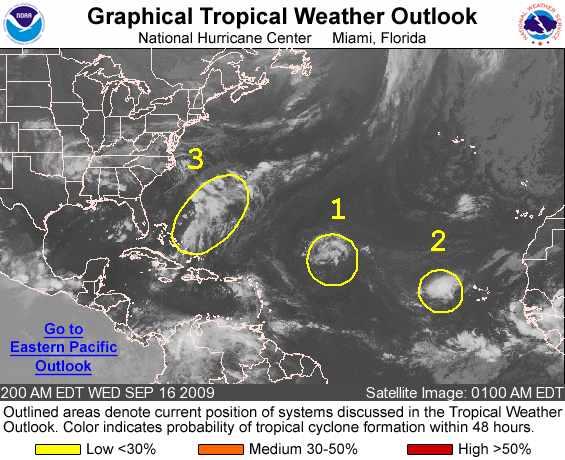
FOR THE NORTH ATLANTIC...CARIBBEAN SEA AND THE GULF OF MEXICO...

1. THE REMNANTS OF FRED...LOCATED ABOUT 750 MILES EAST-NORTHEAST OF THE NORTHERN LEEWARD ISLANDS...CONTINUE TO PRODUCE SHOWERS AND THUNDERSTORMS MAINLY TO THE NORTH OF THE CENTER. ENVIRONMENTAL CONDITIONS ARE MARGINALLY CONDUCIVE FOR RE-DEVELOPMENT...AND THERE IS A LOW CHANCE...LESS THAN 30 PERCENT...OF THIS SYSTEM BECOMING A TROPICAL CYCLONE DURING THE NEXT 48 HOURS AS IT MOVES WEST- NORTHWESTWARD AT AROUND 15 MPH.

2. SHOWERS AND THUNDERSTORMS CONTINUE IN ASSOCIATION WITH AN AREA OF LOW PRESSURE AND A TROPICAL WAVE LOCATED ABOUT 350 MILES WEST OF THE CAPE VERDE ISLANDS. HOWEVER...FURTHER DEVELOPMENT OF THIS SYSTEM IS LIKELY TO BE SLOW TO OCCUR AS IT MOVES WESTWARD AT AROUND 10 MPH. THERE IS A LOW CHANCE...LESS THAN 30 PERCENT...OF THIS SYSTEM BECOMING A TROPICAL CYCLONE DURING THE NEXT 48 HOURS.

3. A WEAK AREA OF LOW PRESSURE ALONG A FRONTAL SYSTEM IS PRODUCING A LARGE AREA OF DISORGANIZED SHOWERS AND THUNDERSTORMS EXTENDING FROM THE SOUTHEASTERN BAHAMAS NORTHEASTWARD TO NEAR BERMUDA. DEVELOPMENT INTO A TROPICAL OR SUBTROPICAL CYCLONE IS NOT EXPECTED DUE TO STRONG UPPER-LEVEL WINDS.

ELSEWHERE...TROPICAL CYCLONE FORMATION IS NOT EXPECTED DURING THE NEXT 48 HOURS.

FORECASTER BERG/PASCH